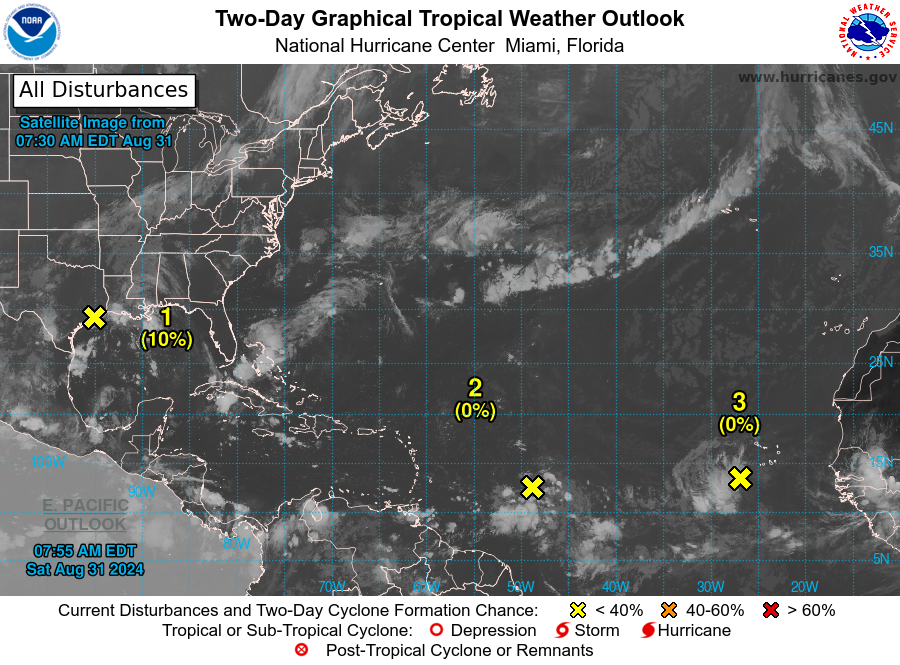
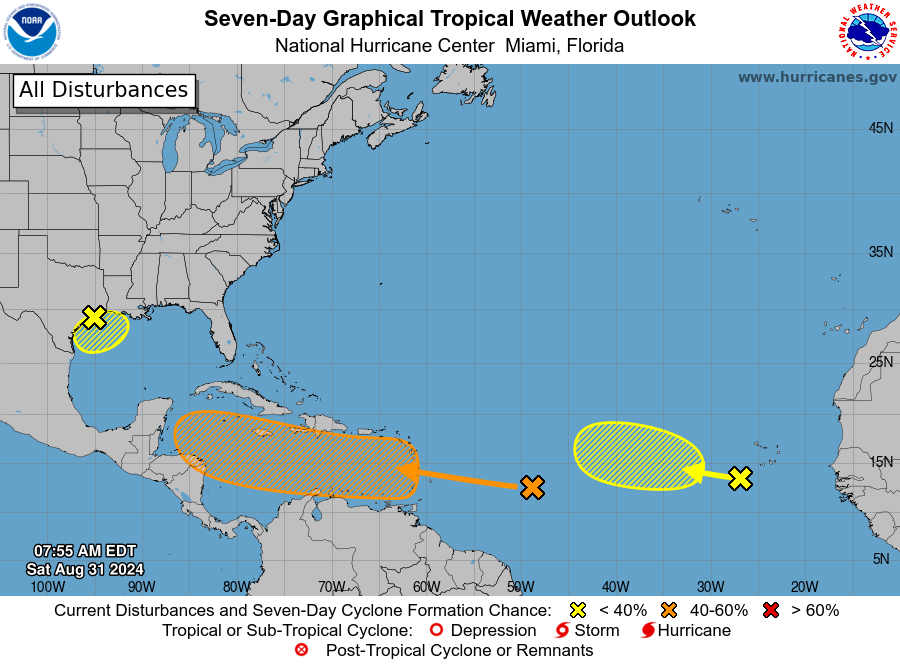
For the North Atlantic...Caribbean Sea and the Gulf of Mexico:

1. Northwestern Gulf of Mexico: A broad area of low pressure near the upper Texas coast is producing some disorganized showers and thunderstorms along and just offshore the coasts of Texas and Louisiana. This system is expected to linger near the coast through much of next week, and some slow development is possible if it meanders offshore. Regardless of development, heavy rains could cause some flash flooding across portions of coastal Louisiana and the upper Texas coast during the next few days.
* Formation chance through 48 hours...low...10 percent.
* Formation chance through 7 days...low...20 percent.

2. Near the Lesser Antilles and Caribbean Sea: A tropical wave located several hundred miles east of the Lesser Antilles continues to produce some disorganized showers and thunderstorms. The disturbance is forecast to move westward and reach the Lesser Antilles on Monday. Thereafter, environmental conditions appear conducive for gradual development of this system, and a tropical depression could form while it continues moving westward across the Caribbean Sea through the middle to latter part of the week.
* Formation chance through 48 hours...low...near 0 percent.
* Formation chance through 7 days...medium...50 percent.

3. Eastern Tropical Atlantic: Another tropical wave located just to the west of the Cabo Verde Islands is producing disorganized shower and thunderstorm activity. Development, if any, should be slow to occur while the system moves slowly westward to west-northwestward over the eastern and central tropical Atlantic through late next week.
* Formation chance through 48 hours...low...near 0 percent.
* Formation chance through 7 days...low...10 percent.

Forecaster Reinhart/Mahoney